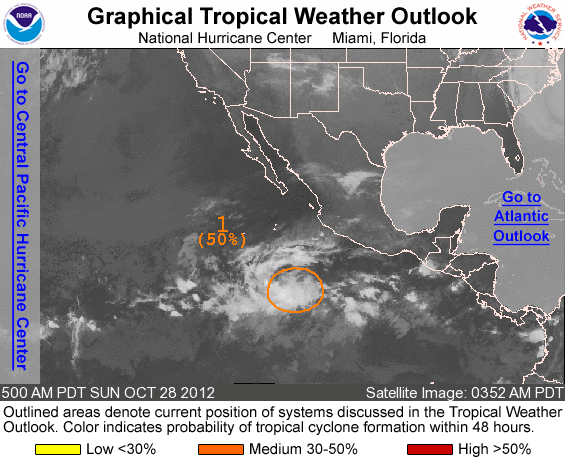
FOR THE EASTERN NORTH PACIFIC...EAST OF 140 DEGREES WEST LONGITUDE..

1. SHOWERS AND THUNDERSTORMS ASSOCIATED WITH AN AREA OF LOW PRESSURE ABOUT 500 MILES SOUTH-SOUTHWEST OF MANZANILLO MEXICO HAVE CHANGED LITTLE IN ORGANIZATION OVERNIGHT. ALTHOUGH UPPER-LEVEL WINDS ARE ONLY MARGINALLY CONDUCIVE...SOME GRADUAL DEVELOPMENT OF THIS LOW IS POSSIBLE DURING THE NEXT COUPLE OF DAYS. THIS SYSTEM HAS A MEDIUM CHANCE...50 PERCENT...OF BECOMING A TROPICAL CYCLONE DURING THE NEXT 48 HOURS AS IT MOVES WEST-NORTHWESTWARD OR NORTHWESTWARD AT 10 TO 15 MPH.

ELSEWHERE...TROPICAL CYCLONE FORMATION IS NOT EXPECTED DURING THE NEXT 48 HOURS.

FORECASTER KIMBERLAIN